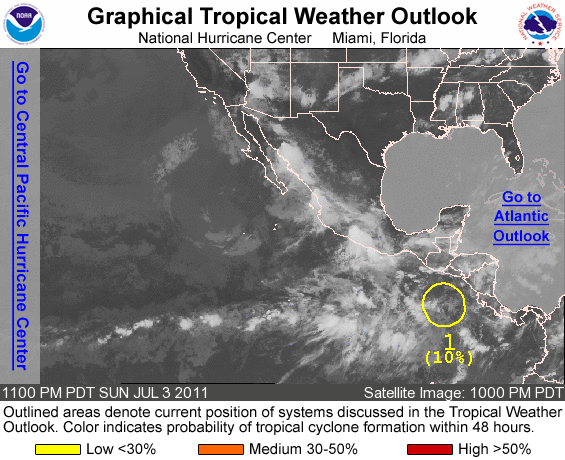
FOR THE EASTERN NORTH PACIFIC...EAST OF 140 DEGREES WEST LONGITUDE..

1. A BROAD AREA OF LOW PRESSURE LOCATED ABOUT 300 MILES SOUTH OF THE BORDER OF GUATEMALA AND EL SALVADOR IS PRODUCING WIDESPREAD CLOUDINESS BUT LIMITED SHOWER ACTIVITY. HOWEVER...ENVIRONMENTAL CONDITIONS APPEAR FAVORABLE FOR SOME GRADUAL DEVELOPMENT OF THIS DISTURBANCE AS IT MOVES WEST-NORTHWESTWARD AT 5 TO 10 MPH OVER THE NEXT COUPLE OF DAYS. THERE IS A LOW CHANCE...10 PERCENT...OF THIS SYSTEM BECOMING A TROPICAL CYCLONE IN THE NEXT 48 HOURS.

ELSEWHERE...TROPICAL CYCLONE FORMATION IS NOT EXPECTED DURING THE NEXT 48 HOURS.

FORECASTER STEWART